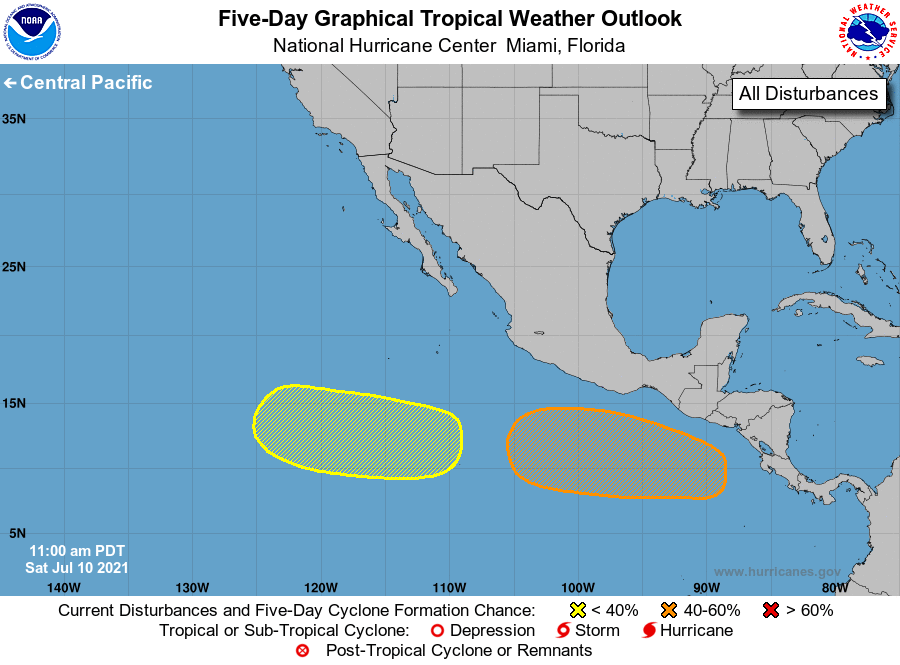
For the eastern North Pacific...east of 140 degrees west longitude:

1. An area of low pressure is expected to develop south or southeast of the Gulf of Tehuantepec in a few days. Environmental conditions are expected support gradual development of this system therafter and a tropical depression could form during the middle portion of next week. This system is expected to move generally westward or west-northwestward at 10 to 15 mph through the end of the five day period.
* Formation chance through 48 hours...low...near 0 percent.
* Formation chance through 5 days...medium...60 percent.

2. Another area of low pressure is expected to form several hundred miles southwest of the southern coast of Mexico by early next week. Some slow development of this system will be possible while it moves westward or west-northwestward at 10 to 15 mph.
* Formation chance through 48 hours...low...near 0 percent.
* Formation chance through 5 days...low...20 percent.

Forecaster Beven